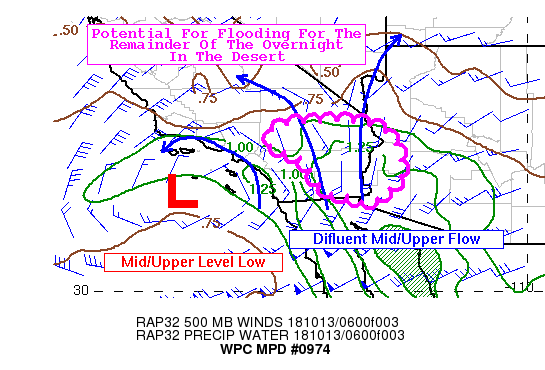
Areas affected...Southern California to Far Western Arizona

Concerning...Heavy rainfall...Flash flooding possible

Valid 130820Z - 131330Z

Summary...The potential for flash flooding over portions of
southern California and far western Arizona desers will persist
into the early morning as moisture moving northward encounters
favorable upper support.

Discussion...Showers and thunderstorms will continue to produce
locally heavy rainfall overnight and into the early morning hours
as moisture deepens over southern California while the upper flow
becomes increasingly difluent aloft.  Precipitable water values
from the 00Z KNKX sounding had already increased to near 1.2
inches while Blended TPW satellite imagery showed that the
moisture in the desert areas were increasing in the mean time as
one area of moisture moved in from the west and as moisture from
the south was being drawn northward by the circulation around the
mid/upper level system.

Rainfall rates approaching 1 inch per hour are expected with
localized amounts exceeding 1.5 inches.

The deep moisture and the upper air support is forecast to
continue to provide support for locally intense rainfall rates
that result in flooding into the early morning.  The greatest
threat will be in, but not limited to, dry washes and burn-scars.